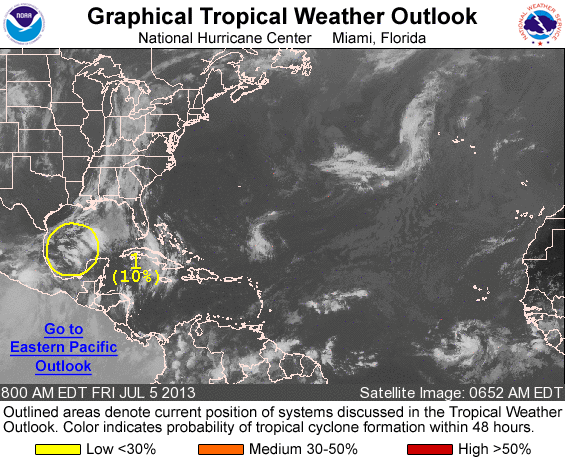
FOR THE NORTH ATLANTIC...CARIBBEAN SEA AND THE GULF OF MEXICO...

1. A SURFACE LOW PRESSURE TROUGH IS PRODUCING WIDESPREAD CLOUDINESS AND SCATTERED THUNDERSTORMS OVER MUCH OF THE SOUTHWESTERN GULF OF MEXICO. DEVELOPMENT OF THIS DISTURBANCE...IF ANY...SHOULD BE SLOW TO OCCUR DUE TO ONLY MARGINALLY FAVORABLE UPPER-LEVEL WINDS. THIS SYSTEM HAS A LOW CHANCE...10 PERCENT...OF BECOMING A TROPICAL CYCLONE DURING THE NEXT 48 HOURS AS IT MOVES TOWARD THE NORTHWEST AND NORTH AT 5 TO 10 MPH.

ELSEWHERE...TROPICAL CYCLONE FORMATION IS NOT EXPECTED DURING THE NEXT 48 HOURS.

FORECASTER STEWART